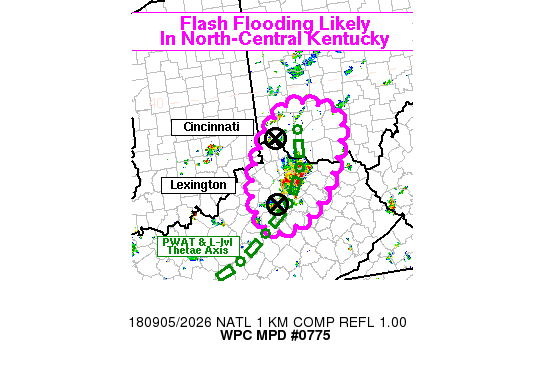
Areas affected...North-Central Kentucky, Southwest Ohio

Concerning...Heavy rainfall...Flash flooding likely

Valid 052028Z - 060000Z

Summary...A concentrated cluster of thunderstorms has developed in
north-central Kentucky just north of Lexington, and was nearly
stationary. This cluster of storms is likely to produce heavy
rainfall and flash flooding. Elsewhere across southwest Ohio and
northern Kentucky, slow-moving thunderstorms will be possible, but
may be more isolated. Flash flooding cannot be ruled out, but may
be less likely than the area immediately north of Lexington.

Discussion...A small cluster of thunderstorms has developed and
quickly consolidated in the area between Lexington and Maysville
in north-central Kentucky. These storms were developing in a
subtle axis of higher boundary layer mixing ratios and thetae
values, and thus an axis of higher PWATs as well. CIRA blended TPW
product indicated PWATs around 1.8 to 1.9 inches in the area, and
several GPS-PW observations near Louisville and Cincinnati showed
values approaching 2 inches. These were near record values for
early-mid September near the central Ohio River valley. Individual
cells in the thunderstorm cluster were showing chaotic motions,
but the common characteristic is that they were all moving slowly,
and a large collision was taking place around 2030Z near Harrison,
Nicholas and Robertson Counties. Flash flooding appears likely in
this area where KLVX dual pol estimates of rain rates are as high
as 2-3 in/hr and MRMS estimates are as high as 2 in/hr. Given the
slow storm motions, the heavy rain could persist over an hour, and
a quick 3-4 inches of rainfall appears possible.

There was a weak confluence to the boundary layer winds in the
PWAT axis, but overall there is not much strong forcing to focus
convective activity, or to sustain it for long periods of time.
Therefore, any convective organization should be driven
predominately by storm-scale processes and interactions, such as
backbuilding near an expanding cold pool. This could sustain the
convective cluster in north-central Kentucky for a couple hours.
However, the lack of strong forcing should generally keep
convection elsewhere isolated and less organized. Localized heavy
rainfall and flash flooding cannot be ruled out in other parts of
SW OH and NC KY, but it would be less likely than the portion of
KY just north of Lexington.